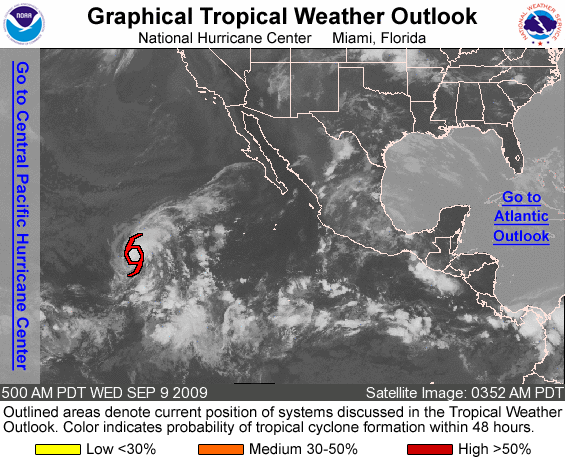
FOR THE EASTERN NORTH PACIFIC...EAST OF 140 DEGREES WEST LONGITUDE..

THE NATIONAL HURRICANE CENTER IS ISSUING ADVISORIES ON TROPICAL STORM LINDA...LOCATED ABOUT 1300 MILES WEST-SOUTHWEST OF THE SOUTHERN TIP OF BAJA CALIFORNIA.

ELSEWHERE...TROPICAL CYCLONE FORMATION IS NOT EXPECTED DURING THE NEXT 48 HOURS.

FORECASTER AVILA